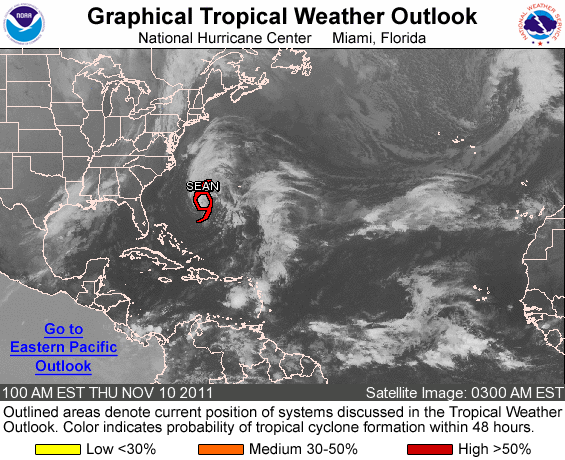
FOR THE NORTH ATLANTIC...CARIBBEAN SEA AND THE GULF OF MEXICO...

THE NATIONAL HURRICANE CENTER IS ISSUING ADVISORIES ON TROPICAL STORM SEAN...LOCATED ABOUT 390 MILES WEST-SOUTHWEST OF BERMUDA.

ELSEWHERE...TROPICAL CYCLONE FORMATION IS NOT EXPECTED DURING THE NEXT 48 HOURS.

FORECASTER BEVEN